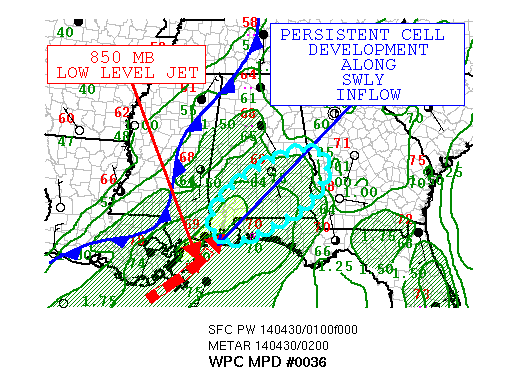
AREAS AFFECTED...SOUTHERN AL...FL PANHANDLE...SOUTHWESTERN GA

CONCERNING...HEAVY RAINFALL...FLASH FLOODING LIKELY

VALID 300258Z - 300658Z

SUMMARY...THREAT FOR HEAVY TO EXCESSIVE RAINS IS EXPECTED TO
PERSIST OVER THE NEXT SEVERAL HOURS ACROSS PORTIONS OF SOUTHERN
AL...THE FLORIDA PANHANDLE...INTO SOUTHWEST GA AS THUNDERSTORMS
CONTINUE TO DEVELOP AND TRACK TO THE NORTHEAST OVER THE SAME AREAS
IN RESPONSE TO STRONG SOUTHWESTERLY FLOW OUT OF THE CENTRAL GULF.

DISCUSSION...SATELLITE AND RADAR IMAGERY CONTINUE TO SHOW SEVERAL
CLUSTERS OF STRONG THUNDERSTORMS DEVELOPING NEAR THE MS DELTA AND
ALONG THE EASTERN GULF COAST IN RESPONSE TO A PERSISTENT MOISTURE
FLUX AND HI CAPE AIR WORKING NORTHEASTWARD AHEAD OF A SLOW MOVING
COLD FRONT PUSHING EASTWARD ACROSS THE TN AND THE LOWER MS VALLEY.
 PWS HAVE INCREASED TO 1.75 - 2 INCHES ACROSS THE REGION.

SEVERAL OF THE HI RES MODELS... INCLUDING THE HRRR/HRW-NMM SHOW
PERSISTENT CELL DEVELOPMENT ALONG THE WESTERN FLANK OF THE ONGOING
CONVECTION...TRAINING TO THE NORTHEAST WITH ONLY A SLOW SHIFT TO
THE SOUTH  OVER THE NEXT SEVERAL HOURS.  ADDITIONAL AMOUNTS OF 3
TO 5 INCHES WILL BE POSSIBLE IN SOME OF THE MORE ORGANIZED BANDS
ACROSS THE THREAT AREA.